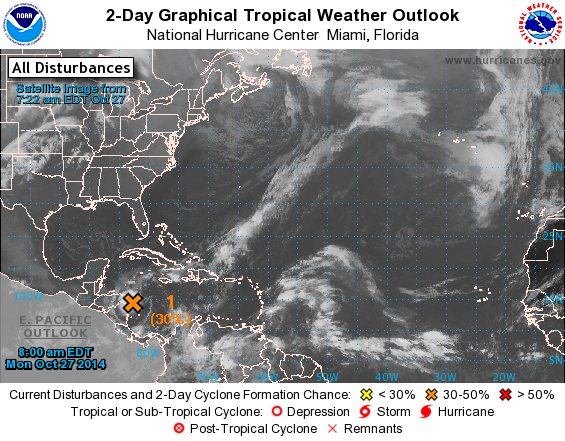
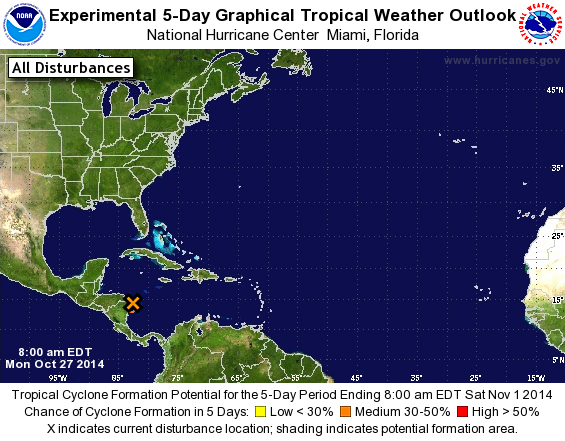
For the North Atlantic...Caribbean Sea and the Gulf of Mexico:

1. A small low pressure system, the remnants of Tropical Depression Nine, is producing a concentrated area of showers and thunderstorms along the coasts of northern Nicaragua and eastern Honduras. Although this system is showing signs of development, the low is forecast to move southwestward inland over Nicaragua later today. Regardless of development, heavy rains and gusty winds are possible over portions of northeastern Nicaragua and eastern Honduras during the day.
* Formation chance through 48 hours...medium...30 percent.
* Formation chance through 5 days...medium...30 percent.

Forecaster Berg